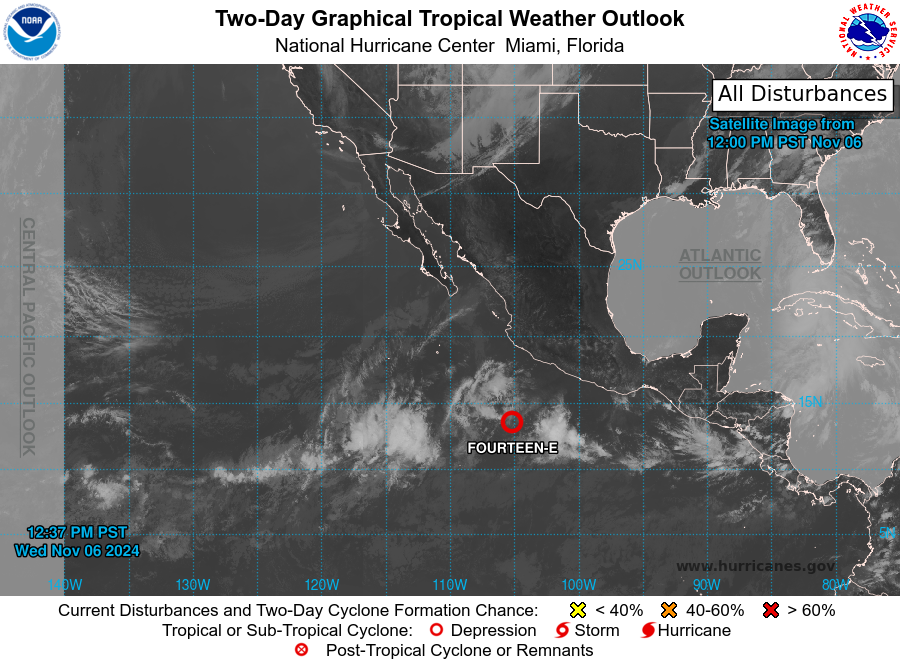
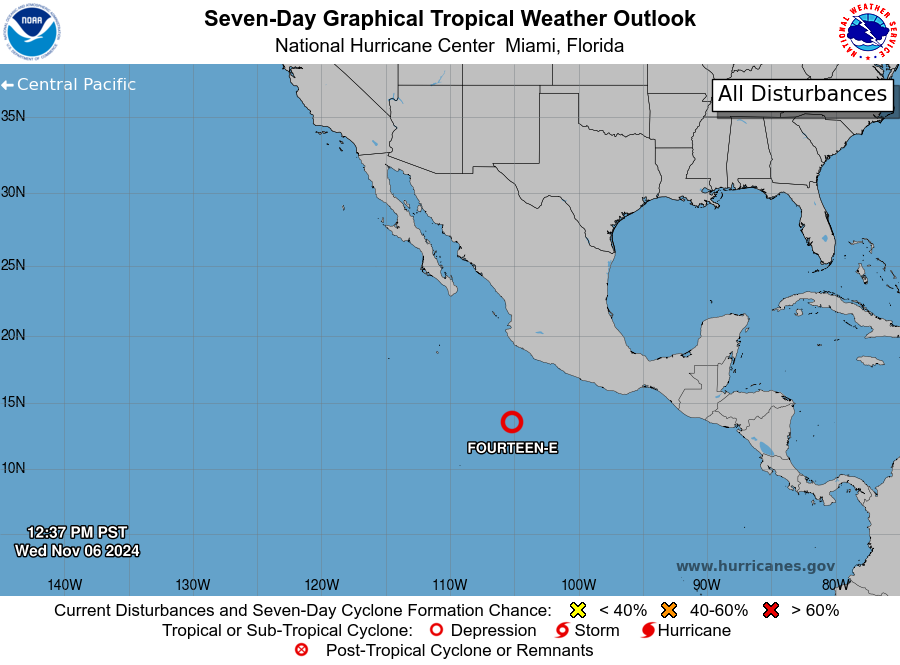
For the eastern North Pacific...east of 140 degrees west longitude:

Active Systems: The National Hurricane Center is issuing advisories on recently formed Tropical Depression Fourteen-E, located several hundred miles southwest of southwestern Mexico.

Tropical cyclone formation is not expected in the next 7 days.

&&
Public Advisories on Tropical Depression Fourteen-E are issued under WMO header WTPZ34 KNHC and under AWIPS header MIATCPEP4. Forecast/Advisories on Tropical Depression Fourteen-E are issued under WMO header WTPZ24 KNHC and under AWIPS header MIATCMEP4.

Forecaster Bucci